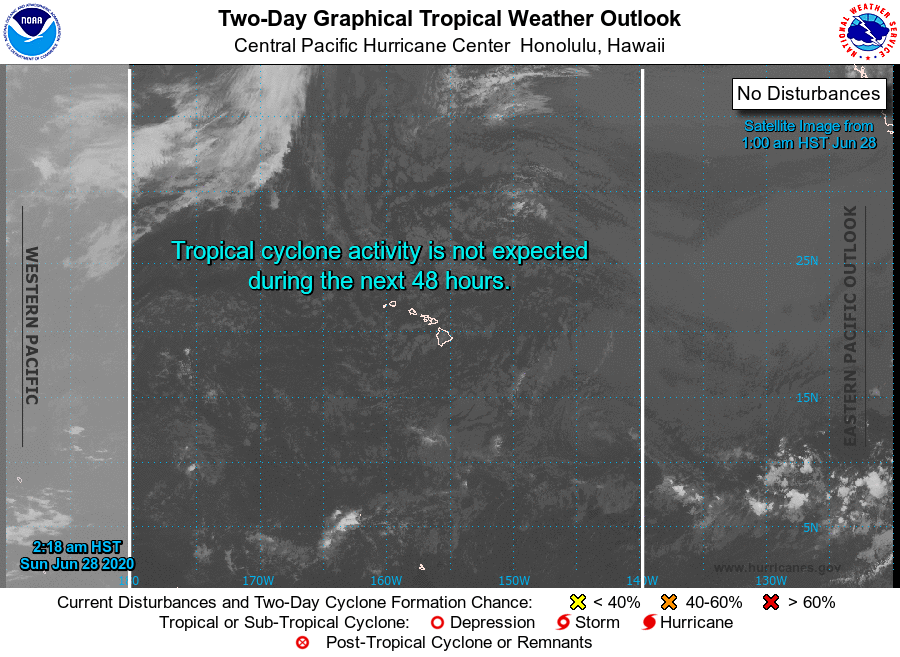
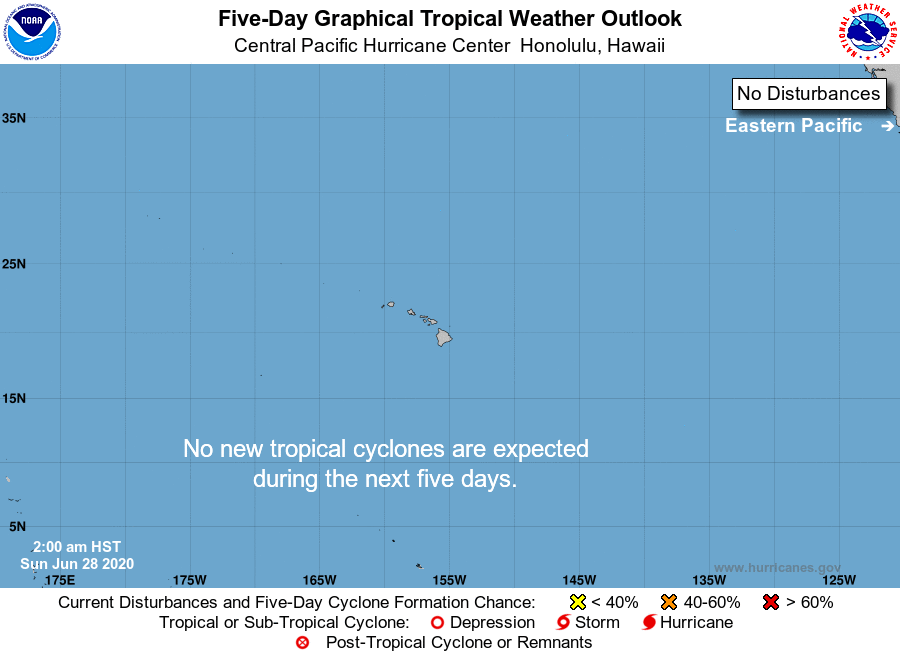
For the central North Pacific...between 140W and 180W:

No tropical cyclones are expected during the next 5 days.

Forecaster Morrison